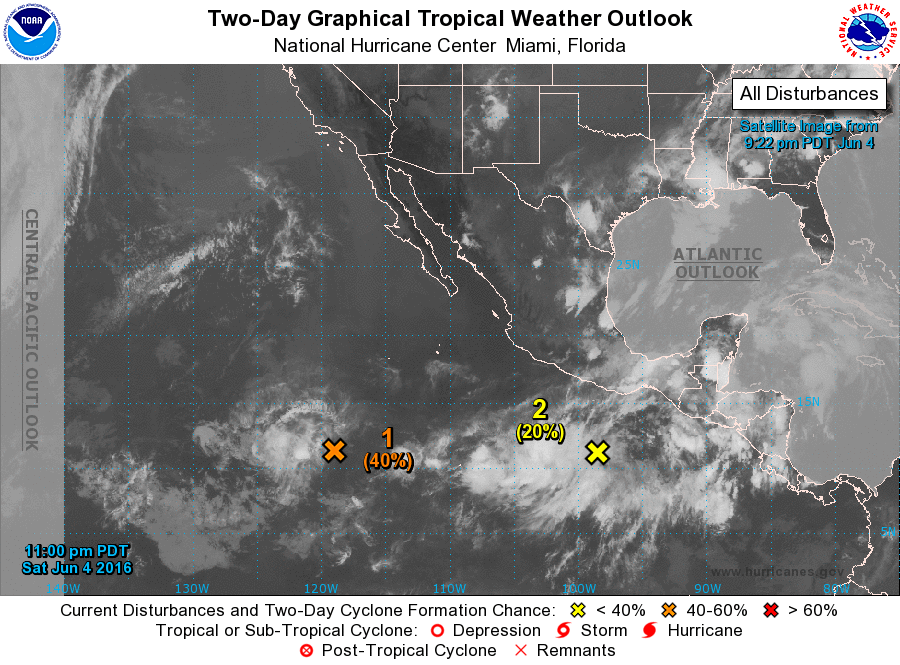
For the eastern North Pacific...east of 140 degrees west longitude:

1. An area of low pressure located about 1000 miles southwest of the southern tip of the Baja California peninsula is moving west-northwestward at around 10 mph. Shower and thunderstorm activity has not become significantly better organized over the past day or so, but a tropical depression could still form during the next couple of days before environmental conditions become less conducive for development.
* Formation chance through 48 hours...medium...40 percent
* Formation chance through 5 days...medium...40 percent

Disorganized showers and thunderstorms are centered several hundred miles south of Acapulco, Mexico. Some gradual development of this system is possible during the next few days while it moves slowly northeastward. Regardless of development, locally heavy rains are likely later this weekend and early next week over portions of southern Mexico and Guatemala.

2.
* Formation chance through 48 hours...low...20 percent
* Formation chance through 5 days...low...30 percent

Forecaster Pasch